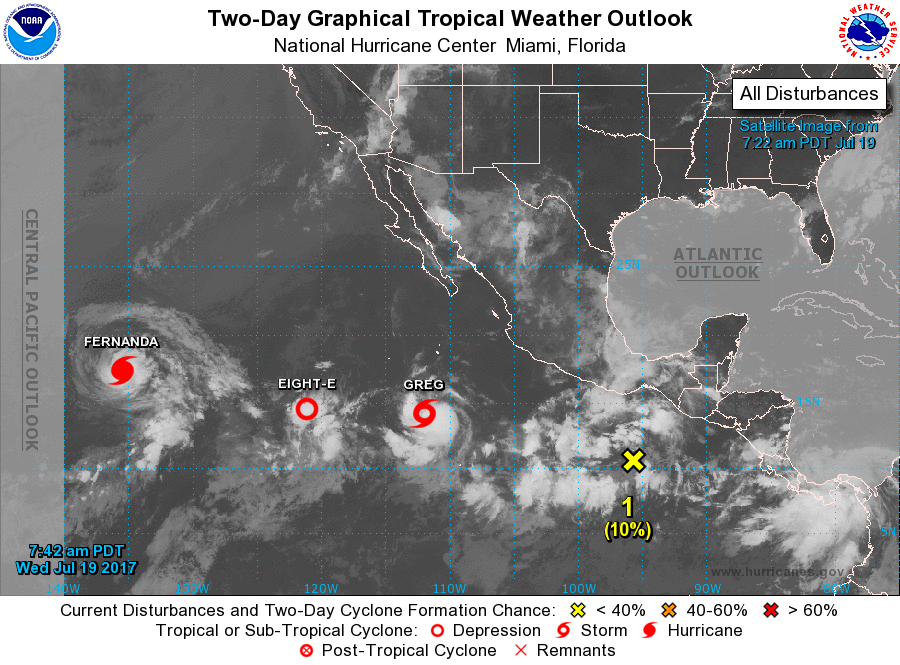
For the eastern North Pacific...east of 140 degrees west longitude:

The National Hurricane Center is issuing advisories on Hurricane Fernanda located well to the east of Hilo, Hawaii, on Tropical Storm Greg located several hundred miles southwest of Manzanillo, Mexico, and on Tropical Depression Eight-E located several hundred miles southwest of the southern tip of the Baja California peninsula.

1. A tropical wave located south of the Gulf of Tehuantepec is producing disorganized cloudiness and thunderstorms. Environmental conditions are conducive for gradual development of this system during the next several days and a tropical depression could form well southwest of the southwestern coast of Mexico over the weekend.
* Formation chance through 48 hours...low...near 10 percent.
* Formation chance through 5 days...medium...60 percent.

2. Another area of low pressure is forecast to form south of the southeastern coast of Mexico over the weekend. Some gradual development of this system is possible early next week.
* Formation chance through 48 hours...low...near 0 percent.
* Formation chance through 5 days...low...20 percent.

Public Advisories on Tropical Depression Eight-E are issued under WMO header WTPZ33 KNHC and under AWIPS header MIATCPEP3. Forecast/Advisories on Tropical Depression Eight-E are issued under WMO header WTPZ23 KNHC and under AWIPS header MIATCMEP3.

Forecaster Brown